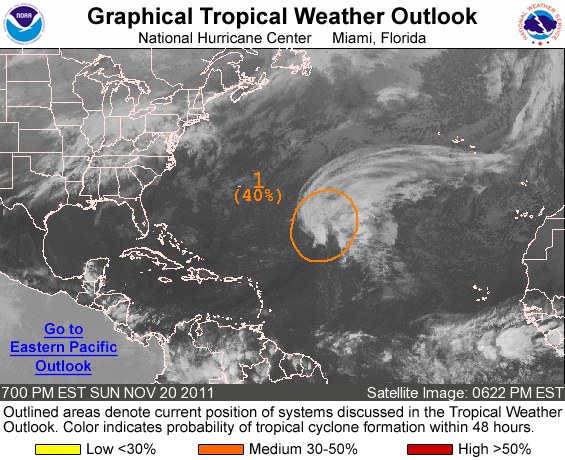
FOR THE NORTH ATLANTIC...CARIBBEAN SEA AND THE GULF OF MEXICO...

1. A LOW PRESSURE SYSTEM LOCATED ABOUT 700 MILES NORTHEAST OF THE LEEWARD ISLANDS CONTINUES TO PRODUCE AN AREA OF SHOWERS AND THUNDERSTORMS MAINLY TO THE NORTH AND EAST OF ITS CENTER. ALTHOUGH THIS SYSTEM IS FORECAST TO STRENGTHEN AND PRODUCE GALE-FORCE WINDS OVER THE NEXT COUPLE OF DAYS...IT IS MORE LIKELY TO BE FRONTAL IN NATURE RATHER THAN TROPICAL OR SUBTROPICAL. THE LOW HAS A MEDIUM CHANCE...40 PERCENT...OF BECOMING A TROPICAL...OR MORE LIKELY SUBTROPICAL...CYCLONE DURING THE NEXT 48 HOURS AS IT MOVES NORTH-NORTHEASTWARD AT 10 TO 15 MPH.

ADDITIONAL INFORMATION ON THIS SYSTEM CAN BE FOUND IN HIGH SEAS FORECASTS ISSUED BY THE NATIONAL WEATHER SERVICE...UNDER AWIPS HEADER NFDHSFAT1 AND WMO HEADER FZNT01 KWBC.

ELSEWHERE...TROPICAL CYCLONE FORMATION IS NOT EXPECTED DURING THE NEXT 48 HOURS.

FORECASTER BERG